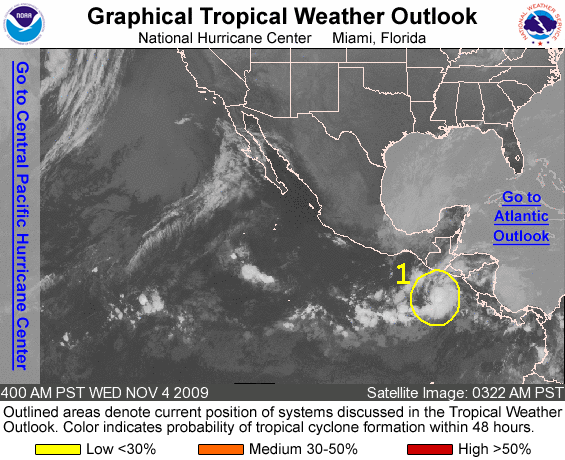
FOR THE EASTERN NORTH PACIFIC...EAST OF 140 DEGREES WEST LONGITUDE..

1. A BROAD AREA OF LOW PRESSURE HAS FORMED IN THE FAR EASTERN PACIFIC CENTERED A COUPLE HUNDRED MILES SOUTH OF THE COAST OF GUATEMALA. SOME SLOW DEVELOPMENT OF THIS SYSTEM IS POSSIBLE OVER THE NEXT COUPLE OF DAYS AS THE LOW MOVES SLOWLY WESTWARD. THERE IS A LOW CHANCE...LESS THAN 30 PERCENT...OF THIS SYSTEM BECOMING A TROPICAL CYCLONE DURING THE NEXT 48 HOURS.

2.

TROPICAL CYCLONE FORMATION IS NOT EXPECTED DURING THE NEXT 48 HOURS.

FORECASTER BLAKE/KIMBERLAIN